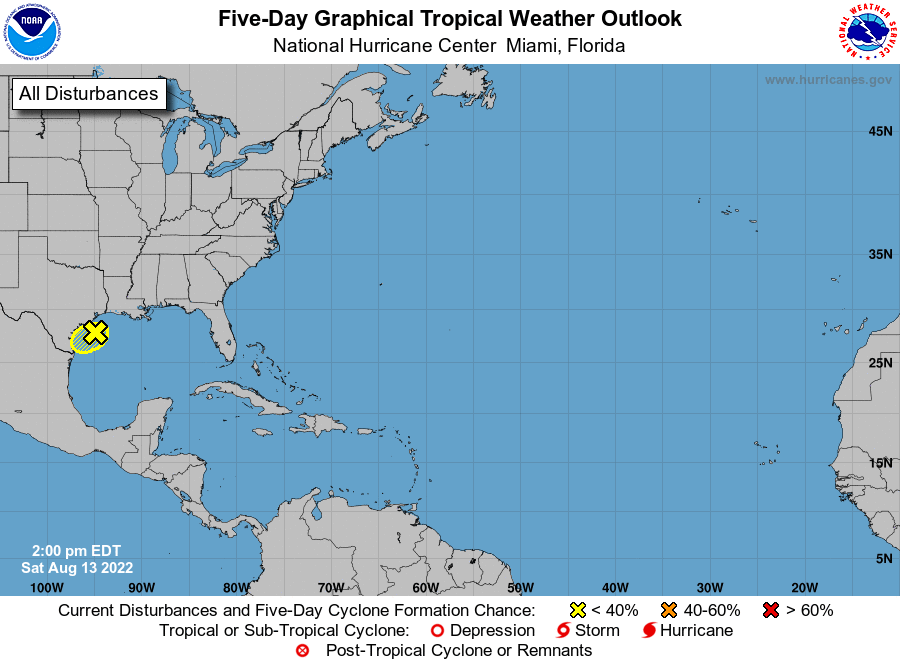
For the North Atlantic...Caribbean Sea and the Gulf of Mexico:

1. Northwestern Gulf of Mexico: Shower and thunderstorm activity has increased since early this morning over the northwestern Gulf of Mexico in association with a broad low pressure area. However, surface pressures remain high and any additional development should be slow to occur while the system moves slowly west-southwestward and approaches the Texas coast later today and tonight. The disturbance is forecast to move inland over southern Texas on Sunday morning. Regardless of development, locally heavy rains are possible along portions of the Texas coast through the weekend. For more information about the potential for heavy rainfall, please see products issued by your local National Weather Service office and the Weather Prediction Center.
* Formation chance through 48 hours...low...20 percent.
* Formation chance through 5 days...low...20 percent.

For more information on the system, see products issued by the National Weather Service at weather.gov and wpc.ncep.noaa.gov

Forecaster Brown